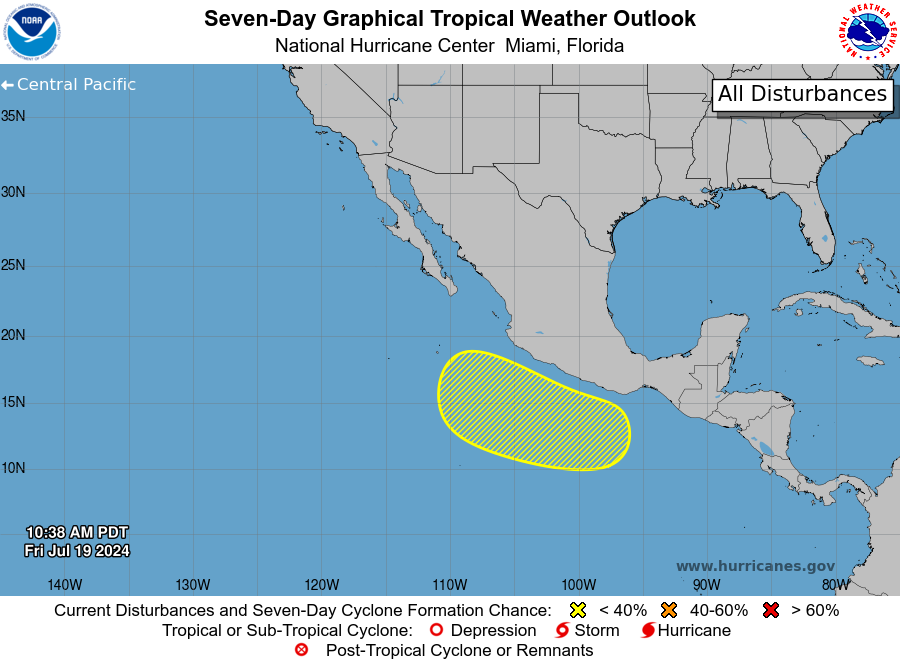
For the eastern North Pacific...east of 140 degrees west longitude:

1. South of Southern Mexico: An area of low pressure could form by early next week a few hundred miles south of the coast of southern Mexico. Development, if any, of this system would be slow to occur while it moves west-northwestward at 10 to 15 mph during the middle and latter parts of next week.
* Formation chance through 48 hours...low...near 0 percent.
* Formation chance through 7 days...low...10 percent.

Forecaster Reinhart